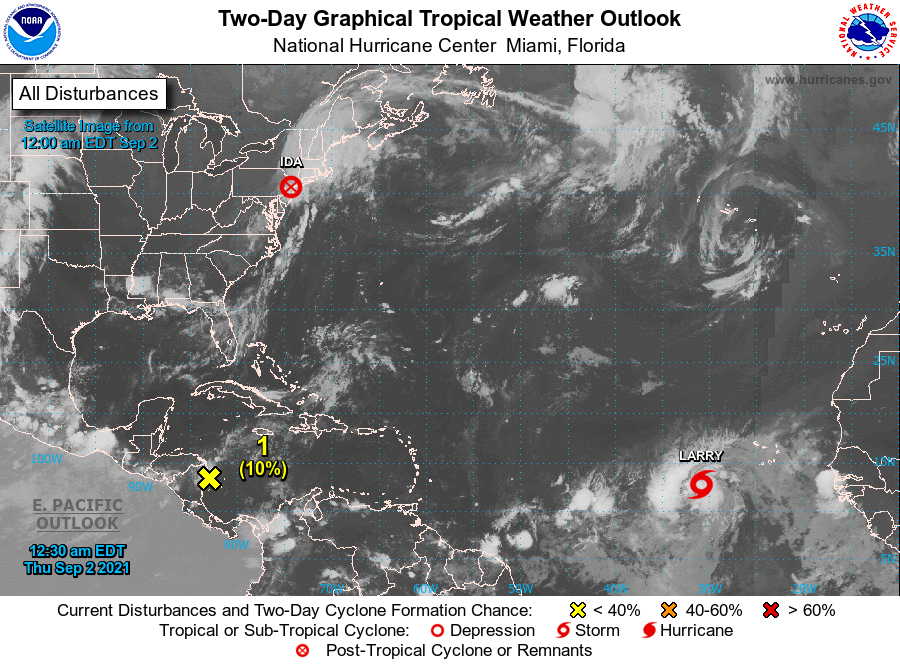
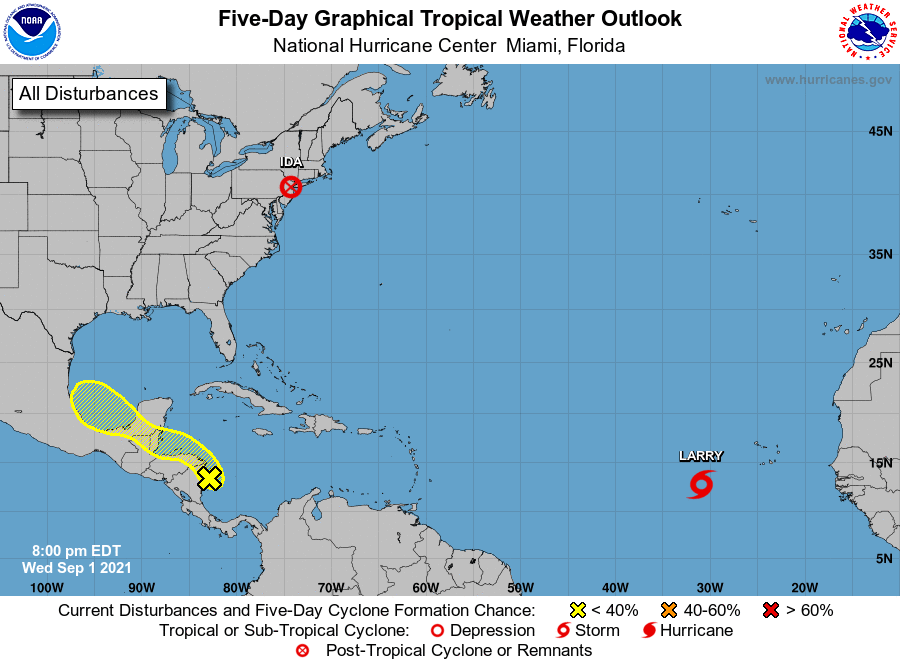
For the North Atlantic...Caribbean Sea and the Gulf of Mexico:

The National Hurricane Center is issuing advisories on Tropical Storm Larry, located over the eastern tropical Atlantic several hundred miles west-southwest of the southernmost Cabo Verde Islands, and has issued the last advisory on the remnants of Kate, located over the central subtropical Atlantic almost 1000 miles northeast of the northern Leeward Islands.

The Weather Prediction Center is issuing Public Advisories on Post-Tropical Cyclone Ida, located over the Mid-Atlantic United States.

1. A small area of low pressure located just off the coast of Nicaragua is producing disorganized shower and thunderstorm activity. This low is expected to move inland over Nicaragua tonight, but a portion of the low's circulation could move over the Gulf of Honduras on Thursday and Friday, where development, if any, is expected to be slow to occur. This system could then move over the southwestern Gulf of Mexico during the weekend and early next week, but by then strong upper-level winds would likely limit significant development. Regardless of development, heavy rains are possible across portions of Central America and the Yucatan Peninsula through the weekend.
* Formation chance through 48 hours...low...10 percent.
* Formation chance through 5 days...low...20 percent.

Public advisories issued by the Weather Prediction Center on Post-Tropical Cyclone Ida can be found under AWIPS header TCPAT4, WMO header WTNT34 KWNH, and on the web at http://www.wpc.ncep.noaa.gov

Forecaster Berg